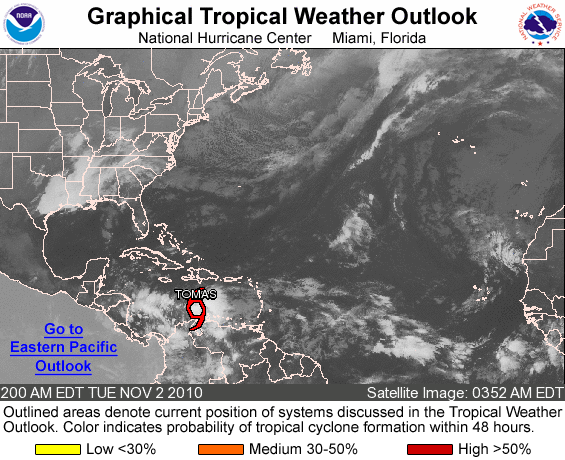
FOR THE NORTH ATLANTIC...CARIBBEAN SEA AND THE GULF OF MEXICO...

THE NATIONAL HURRICANE CENTER IS ISSUING ADVISORIES ON TROPICAL STORM TOMAS...LOCATED ABOUT 365 MILES SOUTH-SOUTHEAST OF PORT-AU-PRINCE HAITI.

ELSEWHERE...TROPICAL CYCLONE FORMATION IS NOT EXPECTED DURING THE NEXT 48 HOURS.

FORECASTER PASCH